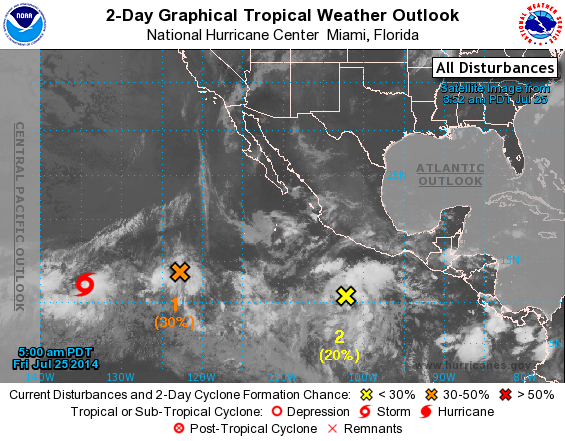
For the eastern North Pacific...east of 140 degrees west longitude:

The National Hurricane Center is issuing advisories on newly formed Tropical Storm Genevieve, located more than a thousand miles east-southeast of Hilo, Hawaii.

1. An area of low pressure located a little more than a thousand miles southwest of the southern tip of the Baja California peninsula is producing disorganized shower activity. There is some potential for development during the next day or two before the environment becomes unfavorable. The system is forecast to move toward the west or west-northwest at about 10 mph.
* Formation chance through 48 hours...medium...30 percent.
* Formation chance through 5 days...medium...40 percent.

2. A large but disorganized area of showers and thunderstorms, associated with a tropical wave, continues well south of the coast of southern Mexico. Upper-level winds are expected to become a little more favorable for development of this system over the next few days while it moves west-northwestward at 10 to 15 mph.
* Formation chance through 48 hours...low...20 percent.
* Formation chance through 5 days...medium...50 percent.

3. Another area of low pressure is forecast to form well south of southeastern Mexico late this weekend. Some gradual development of this system is possible after that time.
* Formation chance through 48 hours...low...near 0 percent.
* Formation chance through 5 days...low...20 percent.

Public Advisories on Genevieve are issued under WMO header WTPZ32 KNHC and under AWIPS header MIATCPEP2. Forecast/Advisories are issued under WMO header WTPZ22 KNHC and under AWIPS header MIATCMEP2.

Forecaster Avila